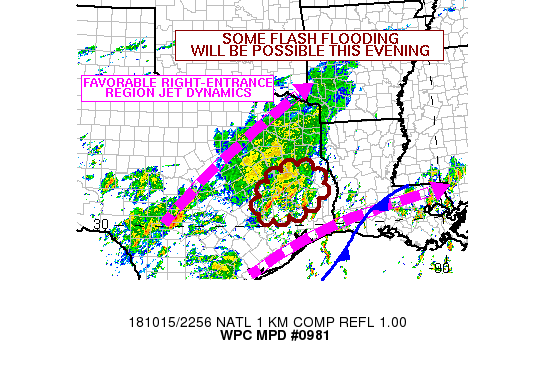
Areas affected...Southeast TX

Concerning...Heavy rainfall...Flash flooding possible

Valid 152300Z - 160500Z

Summary...Persistent showers and thunderstorms this evening will
increasingly lead to saturating soil conditions, and this may lead
to some flash flooding through the evening hours.

Discussion...The latest radar imagery shows an expansive area of
showers and embedded thunderstorms across the broader area of
southeast TX. Moist deep layer southwest flow overrunning a
surface cold front continues to generate plenty of large scale
isentropic ascent for the convection which is being aided by a
nose of elevated instability and also proximity of favorable
right-entrance region jet dynamics. MUCAPE values over southeast
TX are as much as 500 to 1000 j/kg and the PWATS are close to 1.75
inches which is helping to produce heavy rainfall amounts of as
much as 1.5 inches/hr within some of the stronger convective
cores.

The large scale dynamics aloft over the region are courtesy of an
upper trough amplifying into the Southwest U.S. and this should
maintain favorable right-entrance region jet forcing overhead
going through the remainder of the evening which coupled with the
nose of elevated instability should tend to maintain pockets of
heavier showers and thunderstorms.

Expect as much as 3 to 4 inches of additional rain going through
late evening where stronger convective cells tend to concentrate
and repeat over the same area. Given the gradual moistening and
saturation of the soil, some increased potential for flash
flooding will exist going through the evening hours.